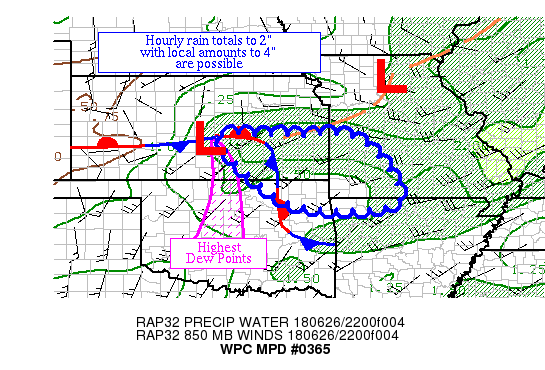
AREAS AFFECTED...NEAR THE MO/KS/AR/OK BORDER JUNCTION

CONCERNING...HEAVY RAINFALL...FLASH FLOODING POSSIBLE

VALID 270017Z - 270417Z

SUMMARY...THUNDERSTORMS ARE INCREASING IN COVERAGE AND INTENSITY
ACROSS SOUTHEAST KS AND SOUTHWEST MO.  HOURLY RAIN TOTALS TO 2"
WITH LOCAL AMOUNTS TO 4" ARE POSSIBLE.

DISCUSSION...THUNDERSTORMS ARE BLOSSOMING NEAR AND DOWNWIND OF A
SIGNIFICANT INSTABILITY POOL IN KS, DRIVEN BY A NARROW CORRIDOR OF
MID 70F DEWPOINTS ADVECTING INTO SOUTH-CENTRAL KS.  ML CAPE VALUES
ARE 2000-6000 J/KG, WHICH HAS LED TO A RAPID CONVECTIVE EXPANSION
JUST SOUTH OF A SHARP SHORTWAVE TROUGH NOTED ON WATER VAPOR
IMAGERY MOVING BY KANSAS CITY.  STORMS ARE ORGANIZED AS EFFECTIVE
BULK SHEAR IS 30-50 KTS.  INFLOW AT 850 IS CONVERGENT, THOUGH
SOMEWHAT ANTICYCLONIC, FROM THE SOUTHWEST AT 25-30 KTS PER VAD
WIND PROFILES.  PRECIPITABLE WATER VALUES ARE 1.5-1.9" PER GPS
VALUES.

SOME OF THE MESOSCALE GUIDANCE APPEARS TO HAVE A GRASP OF THIS
ACTIVITY, AND INDICATE LOCAL AMOUNTS OF 4" ARE POSSIBLE, WITH
UPWARD TRENDS NOTED LATELY IN THE HRRR/EXPERIMENTAL HRRR GUIDANCE.
 HOWEVER, CURRENT CELL COVERAGE APPEARS TO EXCEED GUIDANCE
EXPECTATIONS.  CELL COLLISIONS, POSSIBLE SHORT BOUTS OF TRAINING,
AND MESOCYCLONES APPEAR TO BE THE MAIN HEAVY RAIN THREAT IN THIS
AREA.  THE EXPECTATION IS THAT A COLD POOL WILL BUILD OVER THE
NEXT FEW HOURS AND THAT STORMS WOULD EVENTUALLY FORWARD PROPAGATE
SOUTHEAST PARALLEL TO THE MU CAPE GRADIENT/ OUTFLOW BOUNDARY INTO
NORTHEAST OK AND NORTHWEST AR AT 30-35 KTS WITH TIME.  A LIMITING
FACTOR, OTHER THAN EVENTUAL FORWARD PROPAGATION, WOULD BE
RELATIVELY HIGH FLASH FLOOD GUIDANCE VALUES ACROSS MUCH OF THE
AREA.  HOURLY RAIN TOTALS UP TO 2" SHOULD BE POSSIBLE IN THIS
ENVIRONMENT UNTIL FORWARD PROPAGATION MATERIALIZES TO THE
SOUTHEAST.